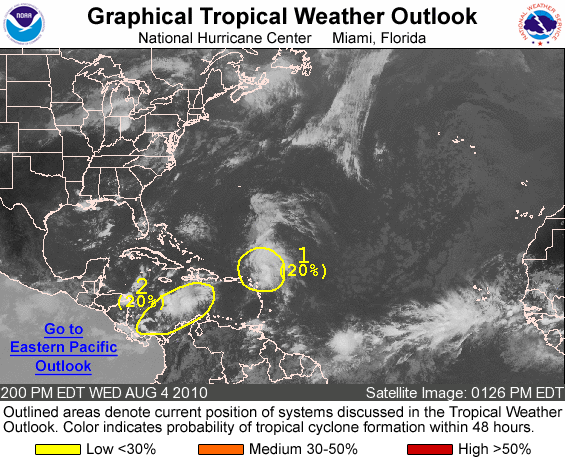
FOR THE NORTH ATLANTIC...CARIBBEAN SEA AND THE GULF OF MEXICO...

1. REPORTS FROM AN AIR FORCE RESERVE HURRICANE HUNTER AIRCRAFT INVESTIGATING THE REMNANTS OF TROPICAL STORM COLIN INDICATE THAT THE SYSTEM DOES NOT HAVE A CLOSED SURFACE CIRCULATION. HOWEVER... THE AIRCRAFT FOUND WINDS OF TROPICAL-STORM FORCE IN THE NORTHEASTERN PORTION OF THE SYSTEM. UPPER-LEVEL WINDS ARE CURRENTLY NOT CONDUCIVE FOR DEVELOPMENT...AND THERE IS A LOW CHANCE...20 PERCENT...OF THIS SYSTEM BECOMING A TROPICAL CYCLONE AGAIN DURING THE NEXT 48 HOURS AS IT MOVES WEST-NORTHWESTWARD AT 20 TO 25 MPH. REGARDLESS OF DEVELOPMENT...LOCALLY HEAVY RAINS AND STRONG GUSTY WINDS ARE POSSIBLE OVER PORTIONS OF THE LEEWARD AND VIRGIN ISLANDS ISLANDS TODAY AND TONIGHT.

2. CLOUDINESS...SHOWERS...AND THUNDERSTORMS OVER THE CENTRAL AND SOUTHWESTERN CARIBBEAN SEA ARE ASSOCIATED WITH A TROPICAL WAVE. THIS SYSTEM HAS CHANGED LITTLE IN ORGANIZATION DURING THE PAST SEVERAL HOURS. SLOW DEVELOPMENT OF THIS DISTURBANCE IS POSSIBLE OVER THE NEXT FEW DAYS AS IT MOVES GENERALLY WESTWARD AT 15 TO 20 MPH. THERE IS A LOW CHANCE...20 PERCENT...OF THIS SYSTEM BECOMING A TROPICAL CYCLONE DURING THE NEXT 48 HOURS.

ELSEWHERE...TROPICAL CYCLONE FORMATION IS NOT EXPECTED DURING THE NEXT 48 HOURS.

FORECASTER BEVEN